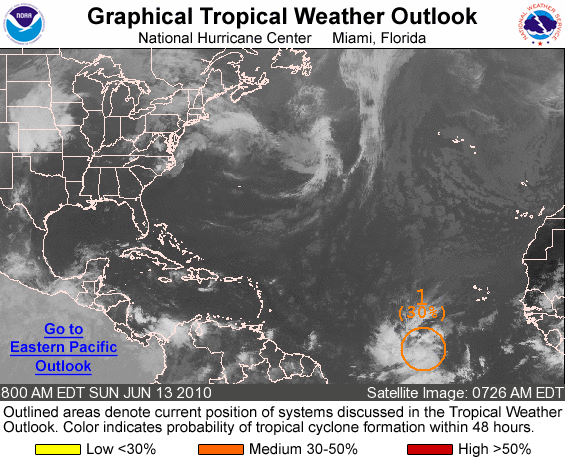
FOR THE NORTH ATLANTIC...CARIBBEAN SEA AND THE GULF OF MEXICO...

1. A BROAD AREA OF LOW PRESSURE LOCATED ABOUT 800 MILES SOUTHWEST OF THE SOUTHERNMOST CAPE VERDE ISLANDS HAS CHANGED LITTLE IN ORGANIZATION. HOWEVER...ENVIRONMENTAL CONDITIONS APPEAR CONDUCIVE FOR SOME SLOW DEVELOPMENT OF THIS SYSTEM OVER THE NEXT COUPLE OF DAYS AS IT MOVES WEST-NORTHWESTWARD AT 10 TO 15 MPH. THERE IS A MEDIUM CHANCE...30 PERCENT...OF THIS SYSTEM BECOMING A TROPICAL CYCLONE DURING THE NEXT 48 HOURS.

ELSEWHERE...TROPICAL CYCLONE FORMATION IS NOT EXPECTED DURING THE NEXT 48 HOURS.

FORECASTER KIMBERLAIN